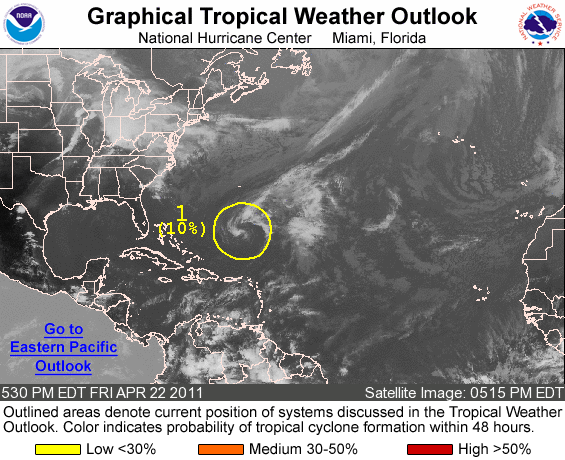
FOR THE NORTH ATLANTIC...CARIBBEAN SEA AND THE GULF OF MEXICO...

1. SHOWER ACTIVITY ASSOCIATED WITH A NON-TROPICAL LOW CENTERED ABOUT 430 MILES SOUTH OF BERMUDA HAS CHANGED LITTLE IN ORGANIZATION DURING THE DAY. UPPER-LEVEL WINDS ARE BECOMING LESS CONDUCIVE FOR DEVELOPMENT...AND THEY ARE FORECAST TO BECOME HIGHLY UNFAVORABLE FOR DEVELOPMENT DURING THE NEXT 48 HOURS. THERE IS A LOW CHANCE...10 PERCENT...OF THIS SYSTEM DEVELOPING INTO A SUBTROPICAL OR TROPICAL CYCLONE DURING THAT TIME. THE LOW IS NOW MOVING TOWARD THE WEST-SOUTHWEST AT ABOUT 10 MPH...AND A GENERALLY SOUTHWESTWARD MOTION IS EXPECTED DURING THE NEXT COUPLE OF DAYS.

ADDITIONAL INFORMATION ON THIS LOW CAN BE FOUND IN HIGH SEAS FORECASTS ISSUED BY THE NHC/TROPICAL ANALYSIS AND FORECAST BRANCH...UNDER AWIPS HEADER NFDHSFAT2 AND WMO HEADER FZNT02 KNHC. ADDITIONAL SPECIAL TROPICAL WEATHER OUTLOOKS WILL BE ISSUED AS NECESSARY.

ELSEWHERE...TROPICAL CYCLONE FORMATION IS NOT EXPECTED DURING THE NEXT 48 HOURS.

FORECASTER BEVEN